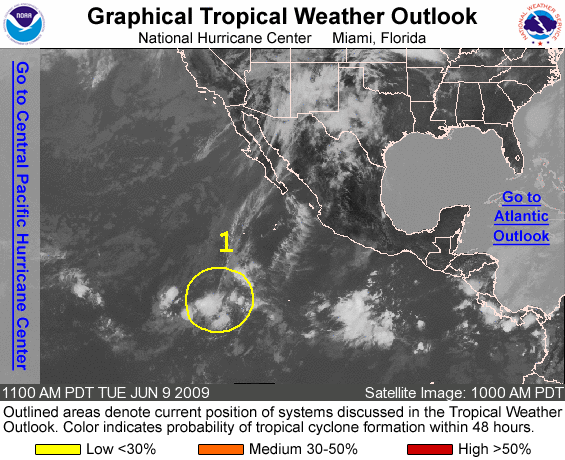
FOR THE EASTERN NORTH PACIFIC...EAST OF 140 DEGREES WEST LONGITUDE..

1. SHOWERS AND THUNDERSTORMS ASSOCIATED WITH A BROAD AREA OF LOW PRESSURE LOCATED ABOUT 1000 MILES SOUTH-SOUTHWEST OF THE SOUTHERN TIP OF BAJA CALIFORNIA REMAIN POORLY-ORGANIZED. DEVELOPMENT OF THIS SYSTEM...IF ANY...WILL BE SLOW TO OCCUR AS IT MOVES SLOWLY WEST- NORTHWESTWARD TO NORTHWESTWARD. THERE IS A LOW CHANCE...LESS THAN 30 PERCENT...OF THIS SYSTEM BECOMING A TROPICAL CYCLONE DURING THE NEXT 48 HOURS.

ELSEWHERE...TROPICAL CYCLONE FORMATION IS NOT EXPECTED DURING THE NEXT 48 HOURS.

FORECASTER KIMBERLAIN/AVILA